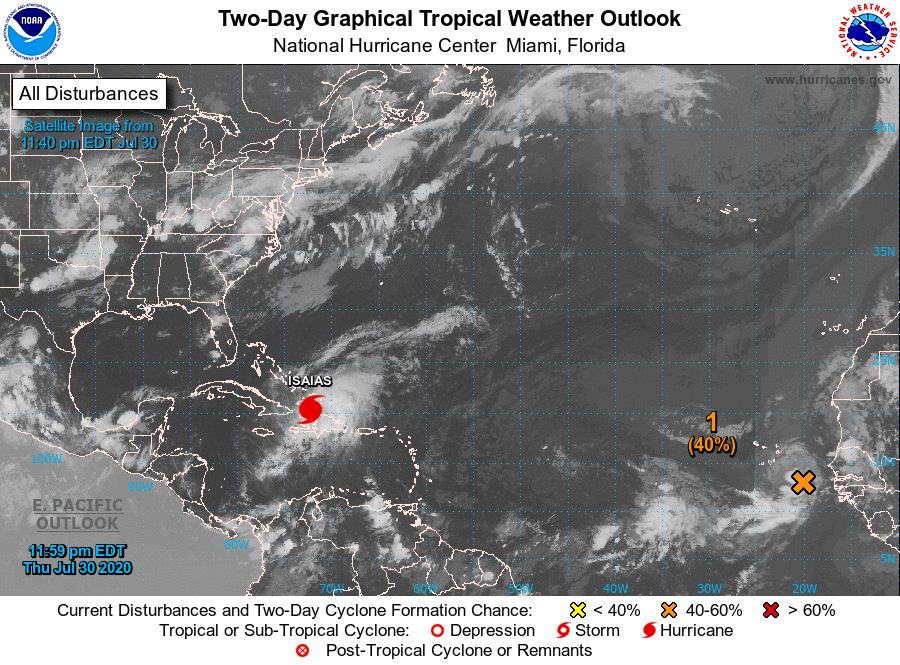
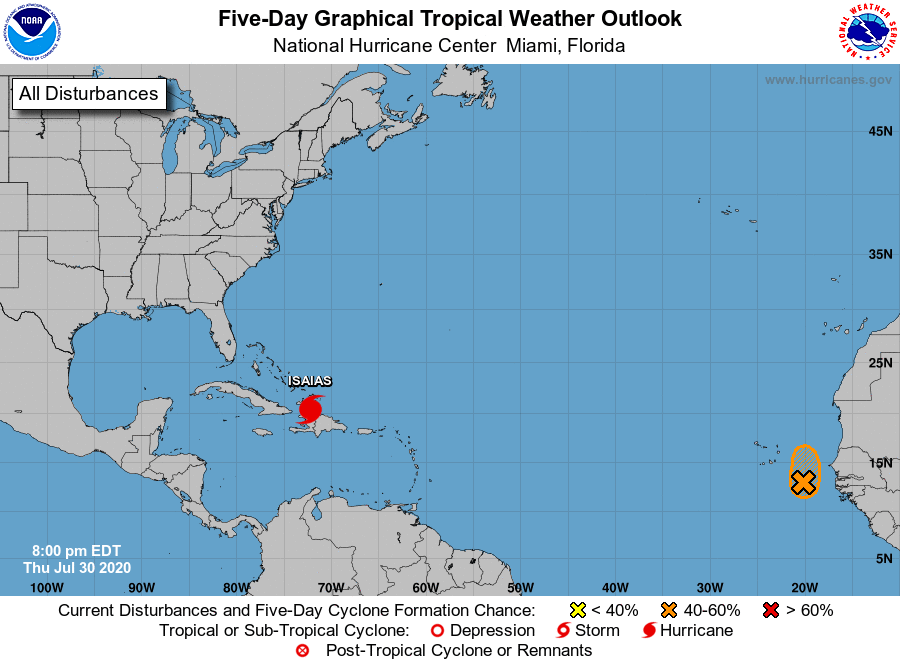
For the North Atlantic...Caribbean Sea and the Gulf of Mexico:

The National Hurricane Center is issuing advisories on Tropical Storm Isaias, located near the northern coast of the Dominican Republic.

1. A small area of low pressure is located about 250 miles southeast of the Cabo Verde Islands. Shower and thunderstorm activity from earlier in the day that was associated with a circulation in the middle levels of the atmosphere has mostly dissipated, however there is still some disorganized shower activity located near the surface circulation center. This low has a small window of opportunity to become a tropical depression through Friday while it moves northward at about 10 mph, before environmental conditions become less conducive for development.
* Formation chance through 48 hours...medium...40 percent.
* Formation chance through 5 days...medium...40 percent.

Public Advisories on Tropical Storm Isaias are issued under WMO header WTNT34 KNHC and under AWIPS header MIATCPAT4. Forecast/Advisories on Tropical Storm Isaias are issued under WMO header WTNT23 KNHC and under AWIPS header MIATCMAT4.

Forecaster Berg